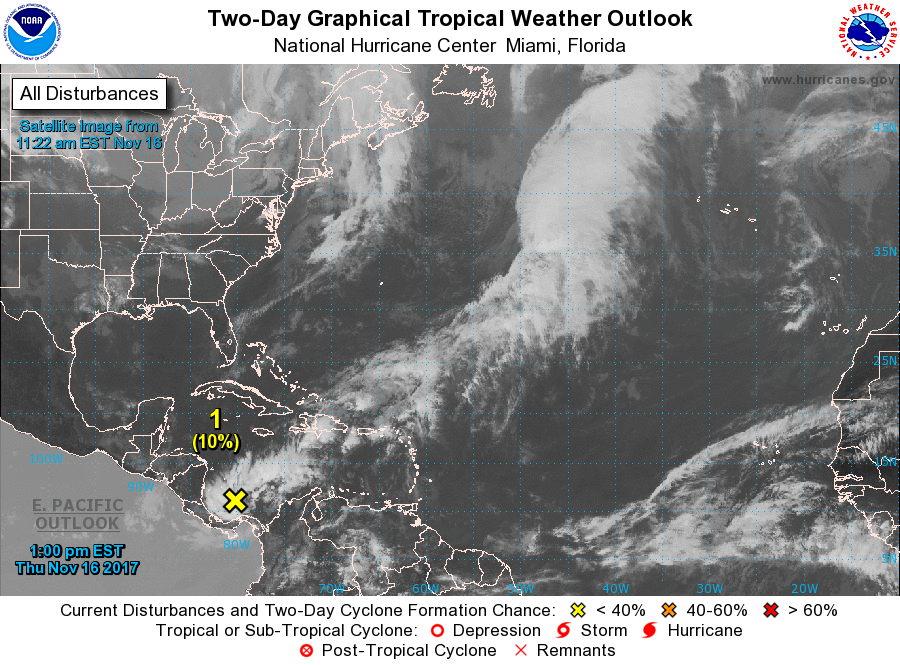
For the North Atlantic...Caribbean Sea and the Gulf of Mexico:

1. An elongated area of low pressure that extends from southwest to northeast across the central Caribbean Sea continues to produce a large area of disorganized shower and thunderstorm activity. While strong upper-level winds are expected to prevent significant development, heavy rainfall is possible over portions of the northwestern coast of Colombia, Hispaniola, and Puerto Rico during the next few days while the low meanders over the central Caribbean Sea and interacts with an upper-level trough.
* Formation chance through 48 hours...low...10 percent.
* Formation chance through 5 days...low...10 percent.

Forecaster Brennan